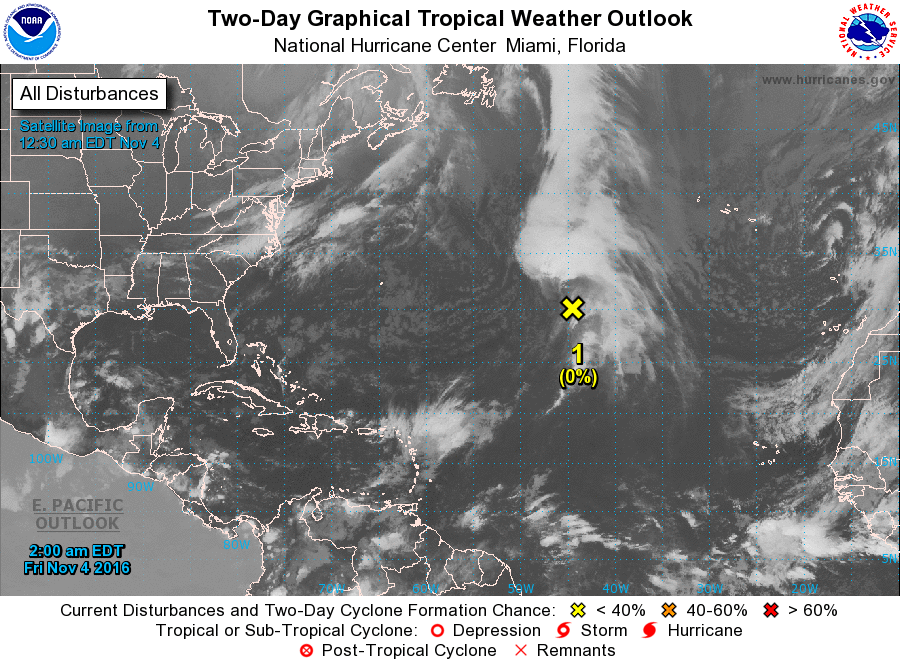
For the North Atlantic...Caribbean Sea and the Gulf of Mexico:

1. A non-tropical area of low pressure located about 1200 miles east-southeast of Bermuda continues to produce gale-force winds and widespread cloudiness and thunderstorms over the central Atlantic. Tropical or subtropical development of this system is not expected while it moves north-northeastward over the north-central Atlantic. Additional information on this system can be found in High Seas Forecasts issued by the National Weather Service.
* Formation chance through 48 hours...low...near 0 percent
* Formation chance through 5 days...low...near 0 percent

High Seas Forecasts issued by the National Weather Service can be found under AWIPS header NFDHSFAT1, WMO header FZNT01 KWBC, and available on the Web at http://www.opc.ncep.noaa.gov/shtml/NFDHSFAT1.shtml.

Forecaster Pasch